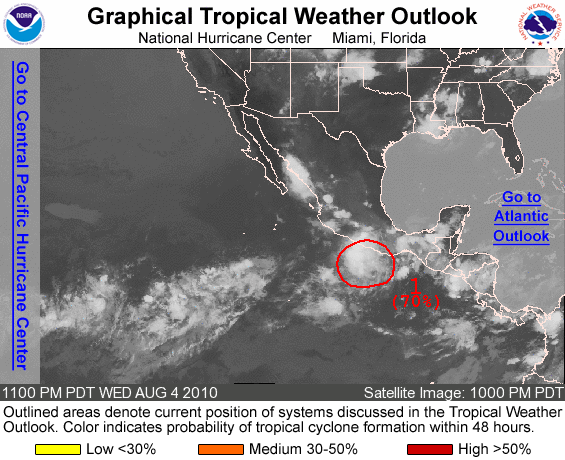
FOR THE EASTERN NORTH PACIFIC...EAST OF 140 DEGREES WEST LONGITUDE..

1. CLOUDINESS AND THUNDERSTORMS ASSOCIATED WITH AN AREA OF LOW PRESSURE LOCATED ABOUT 100 MILES SOUTH-SOUTHWEST OF PUERTO ESCONDIDO MEXICO HAVE CHANGED LITTLE IN ORGANIZATION OVER THE PAST SEVERAL HOURS. HOWEVER...CONDITIONS APPEAR TO BE CONDUCIVE FOR DEVELOPMENT AND THIS DISTURBANCE COULD BECOME A TROPICAL DEPRESSION AT ANY TIME DURING THE NEXT DAY OR SO. THERE IS A HIGH CHANCE...70 PERCENT... OF THIS SYSTEM BECOMING A TROPICAL CYCLONE DURING THE NEXT 48 HOURS AS IT MOVES GENERALLY WESTWARD AT ABOUT 15 MPH. INTERESTS ALONG THE SOUTHERN COAST OF MEXICO SHOULD MONITOR THE PROGRESS OF THIS SYSTEM.

ELSEWHERE...TROPICAL CYCLONE FORMATION IS NOT EXPECTED DURING THE NEXT 48 HOURS.

FORECASTER PASCH